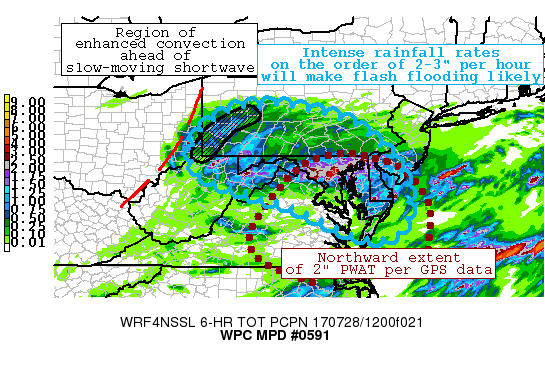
AREAS AFFECTED...NORTHERN WV/SOUTHERN PA/MD/NORTHERN
VA/DC/DE/SOUTHERN NJ...

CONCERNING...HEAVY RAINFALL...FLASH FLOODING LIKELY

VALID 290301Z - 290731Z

SUMMARY...WIDESPREAD HEAVY RAINFALL ACROSS THE MID-ATLANTIC
STRETCHING BACK INTO THE CENTRAL APPALACHIANS REMAINS A CONTINUED
FOCUS FOR FLASH FLOODING. SLOW-MOVING PRECIPITATION BANDS IN THE
PRESENCE OF HIGHLY ANOMALOUS PRECIPITABLE WATER VALUES WILL ALLOW
HOURLY RAINFALL RATES TO APPROACH THE 2 TO 3 INCH RANGE IN SOME
AREAS. FLASH FLOODING WILL REMAIN LIKELY GIVEN THE POTENTIAL FOR
SUCH EXTREME RATES.

DISCUSSION...REGIONAL RADAR/SATELLITE IMAGERY ACROSS THE
MID-ATLANTIC SHOWED A COUPLE ITEMS OF NOTE. FIRST...ACROSS WESTERN
PA...INTENSE CONVECTION HAS ERUPTED IN ADVANCE OF THE SLOW-MOVING
UPPER TROUGH CURRENTLY MOVING INTO EASTERN OH. IN ADDITION TO THE
STRONGER DYNAMICAL FORCING...THIS BAND OF HEAVY RAINFALL APPEARS
TO BE MAKING THE MOST OF THE 250-500 J/KG OF MUCAPE WHICH HAS EVEN
SPARKED SOME LIGHTNING STRIKES. FARTHER EAST...A MESOSCALE
CIRCULATION WAS NOTED IN THE KLWX RADAR AS IT MOVES EAST-SOUTHEAST
AWAY FROM CHARLESTOWN WV. DUAL-POL HOURLY RAINFALL RATES ARE IN
THE 2 TO 3 INCH RANGE WITH THIS PARTICULAR BAND AND WILL INCREASE
THE POTENTIAL FOR FLASH FLOODING IN DOWNSTREAM LOCATIONS. WHILE
CONVECTIVE ACTIVITY HAS GENERALLY BEEN MORE LOCALIZED IN
NATURE...EFFICIENT WARM RAIN PROCESSES CONTINUE TO DOMINATE IN THE
PRESENCE OF A 2 TO 2.25 INCH PRECIPITABLE WATER AIR MASS AND
WET-BULB ZERO HEIGHTS IN THE 13 TO 14 KFT RANGE. HEAVY RAINFALL
WILL REMAIN WIDESPREAD AND EXPAND EASTWARD AS THE UPSTREAM
SHORTWAVE MOVES INTO THE CENTRAL APPALACHIANS OVERNIGHT.

SOME VARIABILITY IN THE HIGH-RESOLUTION SOLUTIONS IS NOTED BUT
THERE IS A DECENT CONSENSUS ACROSS THE BOARD. THERE ARE MANY SUCH
MODELS SUGGESTING A WIDESPREAD 3 TO 5 INCH TOTAL IN A 6-HOUR
PERIOD WHICH APPEARS QUITE REASONABLE GIVEN PAST HISTORY. FLASH
FLOODING WILL REMAIN LIKELY THROUGH THE OVERNIGHT HOURS. WILL
RE-ASSESS THE SITUATION BEYOND 0730Z.